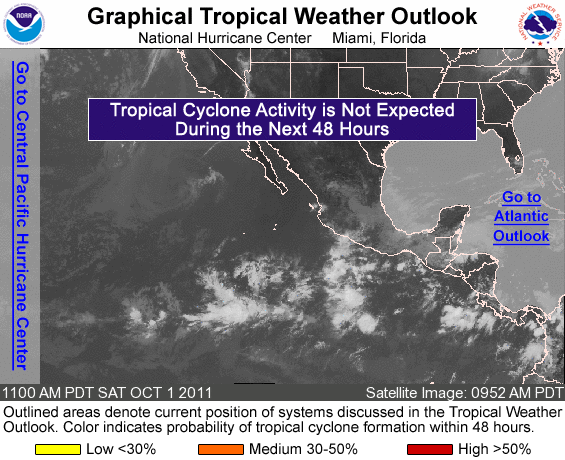
FOR THE EASTERN NORTH PACIFIC...EAST OF 140 DEGREES WEST LONGITUDE..

TROPICAL CYCLONE FORMATION IS NOT EXPECTED DURING THE NEXT 48 HOURS.

FORECASTER BERG